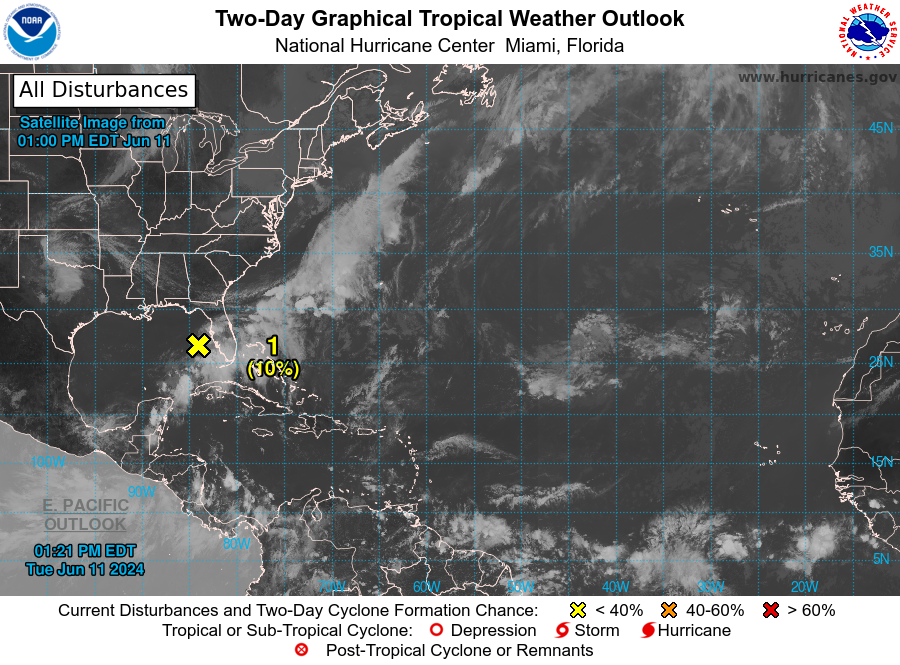
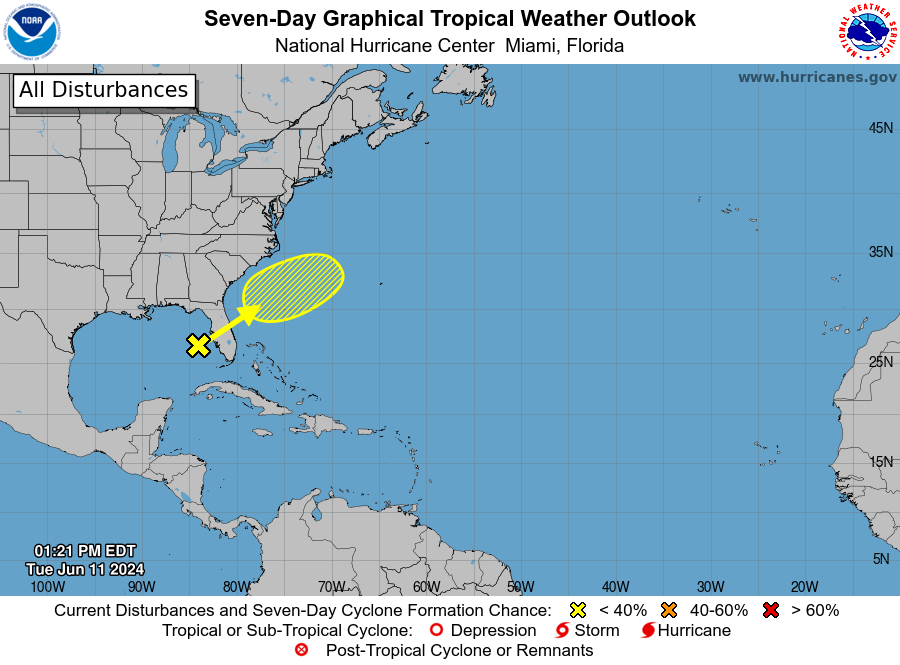
For the North Atlantic...Caribbean Sea and the Gulf of Mexico:

1. Eastern Gulf of Mexico and Offshore Southeast U.S. (AL90): A broad area of low pressure over the eastern Gulf of Mexico is producing a large area of disorganized showers and thunderstorms. This system is expected to move northeastward across Florida during the next day or so and move offshore of the U.S. Southeast coast later this week. Environmental conditions are expected to be generally unfavorable, although some slow development is possible when the system is offshore of the U.S. Southeast coast. Regardless of development, heavy rainfall is already occuring and is expected to continue across portions of Florida during the next few days. For more information, see products issued by the Weather Prediction Center and local National Weather Service Forecast Offices.
* Formation chance through 48 hours...low...10 percent.
* Formation chance through 7 days...low...20 percent.

Weather Prediction Center products can be found at www.wpc.ncep.noaa.gov and National Weather Service forecast information can be found at www.weather.gov

Forecaster Kelly